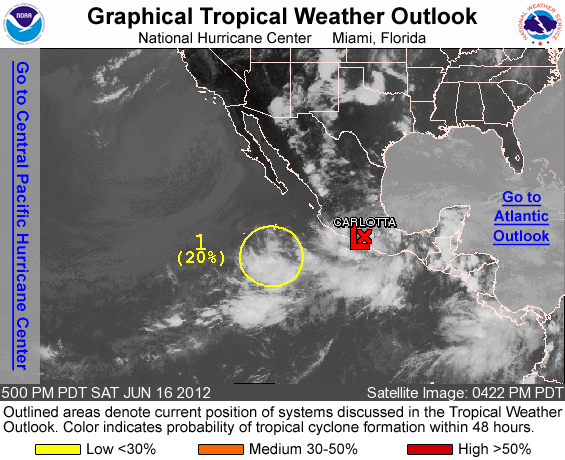
FOR THE EASTERN NORTH PACIFIC...EAST OF 140 DEGREES WEST LONGITUDE..

THE NATIONAL HURRICANE CENTER IS ISSUING ADVISORIES ON TROPICAL DEPRESSION CARLOTTA...LOCATED INLAND OVER SOUTHERN MEXICO.

1. SHOWER ACTIVITY ASSOCIATED WITH A BROAD AREA OF LOW PRESSURE LOCATED ABOUT 500 MILES WEST-SOUTHWEST OF MANZANILLO MEXICO HAS BECOME A LITTLE BETTER ORGANIZED THIS AFTERNOON. SLOW DEVELOPMENT OF THIS SYSTEM IS POSSIBLE DURING THE NEXT DAY OR TWO AS IT MOVES NORTHWARD OR NORTH-NORTHEASTWARD AT ABOUT 5 MPH. THIS SYSTEM HAS A LOW CHANCE...20 PERCENT...OF BECOMING A TROPICAL CYCLONE DURING THE NEXT 48 HOURS.

ELSEWHERE...TROPICAL CYCLONE FORMATION IS NOT EXPECTED DURING THE NEXT 48 HOURS.

FORECASTER BEVEN